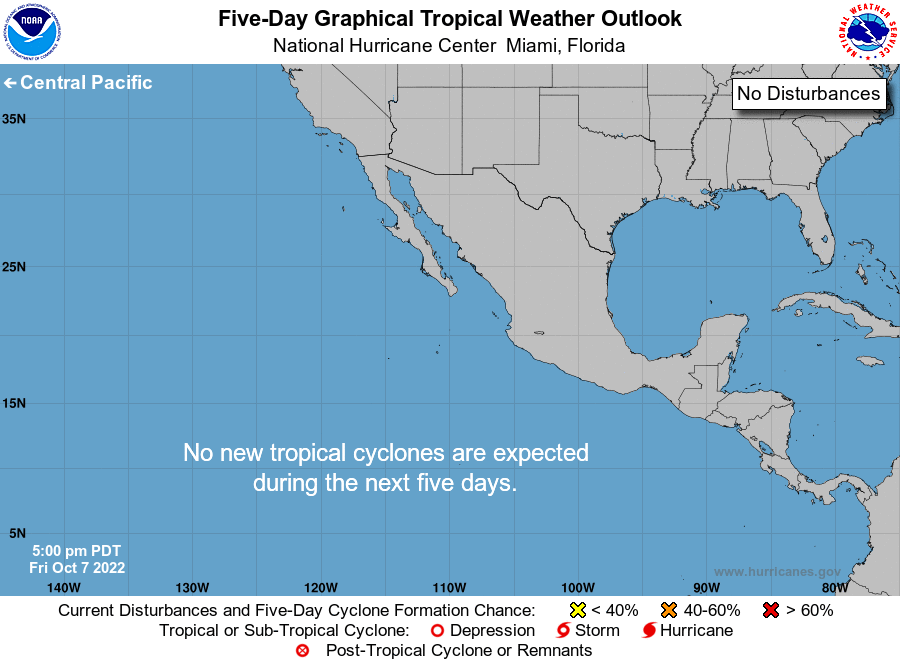
For the eastern North Pacific...east of 140 degrees west longitude:

Tropical cyclone formation is not expected during the next 5 days.

Forecaster Roberts